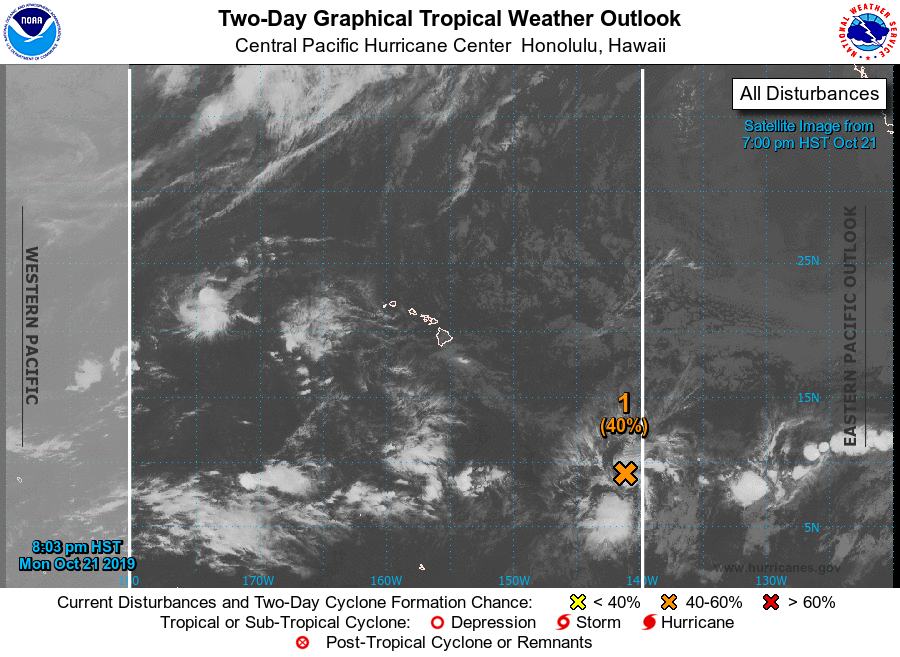
For the central North Pacific...between 140W and 180W:

1. Showers and thunderstorms continue to pulse near an area of low located about 1100 miles southeast of Hilo, Hawaii. Environmental conditions appear conducive for additional development of this system, and a tropical depression could form during the next couple of days while the area of low pressure moves west-northwest at around 10 mph. Upper-level winds are expected to become less conducive for development during the latter part of the week.
* Formation chance through 48 hours...medium...40 percent.
* Formation chance through 5 days...medium...40 percent.

Elsewhere, no tropical cyclones are expected during the next 5 days.

Forecaster Lau